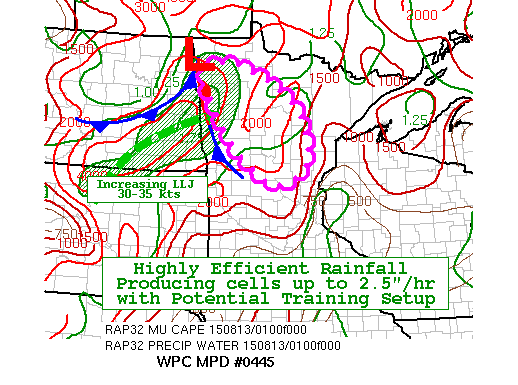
AREAS AFFECTED...NORTHERN MINNESOTA

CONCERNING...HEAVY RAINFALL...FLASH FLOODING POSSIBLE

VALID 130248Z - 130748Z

SUMMARY...SMALL COMPLEX WITHIN MOIST ENVIRONMENT FOR HIGHLY
EFFICIENT RAINFALL RATES POTENTIALLY TRAINING OVER TRACK OF
EARLIER COMPLEX

DISCUSSION...INCREASING LOW LEVEL JET TO 30-35 KTS AT 85H WILL
LIFT ISNETROPICALLY OVER EFFECTIVE FRONT LAID OUT BY OUTFLOW FROM
EARLIER COMPLEXES ACROSS NORTHER MN.  INSTABILITY AND MOISTURE
FIELDS BEING ADVECTED BY THE LLJ FROM SOUTHERN ND/SD ARE QUITE
IMPRESSIVE WITH MUCAPES IN EXCESS OF 4000 J/KG AND TOTAL PWATS IN
THE 1.75" RANGE.  THIS WILL MAKE FOR HIGHLY EFFICIENT RAINFALL
PRODUCTION AS SEEN WITH CELLS MOVING OUT OF MARSHALL INTO
PENNINGTON COUNTY...WITH RATES OF 2-2.5"/HR.  WITH LOW LEVEL
RETURN FROM THE SOUTH-SOUTHEAST EAST OF THE OUTFLOW
BOUNDARY...INCREASED LOW LEVEL SHEAR SHOULD SUPPORT RIGHT MOVING
CELLS...WITH RAP FORECAST FORWARD PROPAGATION VECTORS OF 5 TO 10
KTS...THIS SHOULD COMPOUND TOTALS IN THE 2-3" RANGE.  IT IS ALSO
POSSIBLE GIVEN CELL MOTION VECTORS...THAT THE CELLS MAY REPEAT
OVER THE TRACK OF EARLIER RAINFALL INCREASING FLASH FLOOD THREAT.

THE LOW LEVEL JET SHOULD REMAIN NICELY ORIENTED (NEAR
PERPENDICULAR) WITH THE ISENTROPIC BOUNDARY THROUGHOUT THE NEXT
4-6HRS VEERING FROM SOUTHWEST TO WEST WITH THE SOUTHWARD
PROGRESSION OF THE COLD FRONT...STILL RETAINING A HIGH GRADIENT TO
MAINTAIN STRONG FLOW FOR MOISTURE CONVERGENCE.   THIS CONVERGENCE
IS LIKELY TO ENHANCE CONVECTIVE INITIATION ALONG THE BOUNDARY
LEADING TO ADDITIONAL CELLS FOR TRAINING AND POSSIBLE MERGERS AS
THE MAIN COMPLEX MOVES SOUTH.  FLOW IS FORECAST TO WEAKEN FROM 30
TO 20 KTS AT 85H AROUND THE 09-11Z TIME FRAME.